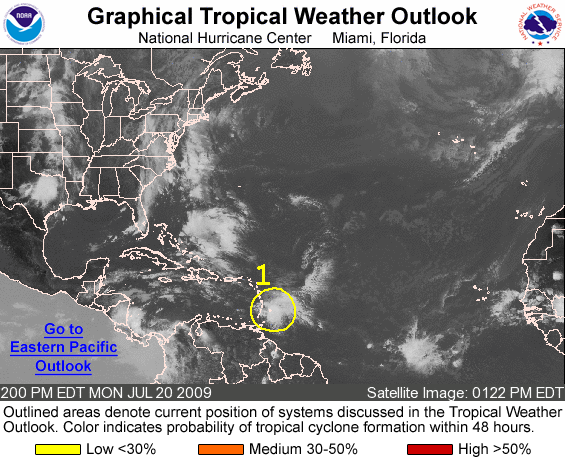
FOR THE NORTH ATLANTIC...CARIBBEAN SEA AND THE GULF OF MEXICO...

1. A TROPICAL WAVE JUST EAST OF THE LESSER ANTILLES IS PRODUCING DISORGANIZED CLOUDINESS AND SHOWERS. UPPER-LEVEL WINDS ARE EXPECTED TO REMAIN UNFAVORABLE FOR DEVELOPMENT OF THIS SYSTEM FOR THE NEXT COUPLE OF DAYS. REGARDLESS OF DEVELOPMENT...LOCALLY HEAVY RAINFALL AND GUSTY WINDS WILL AFFECT THE LESSER ANTILLES DURING THE NEXT DAY OR SO AS THE WAVE MOVES WESTWARD AT 15 TO 20 MPH. THERE IS A LOW CHANCE...LESS THAN 30 PERCENT...OF THIS SYSTEM BECOMING A TROPICAL CYCLONE DURING THE NEXT 48 HOURS.

ELSEWHERE...TROPICAL CYCLONE FORMATION IS NOT EXPECTED DURING THE NEXT 48 HOURS.

FORECASTER BEVEN